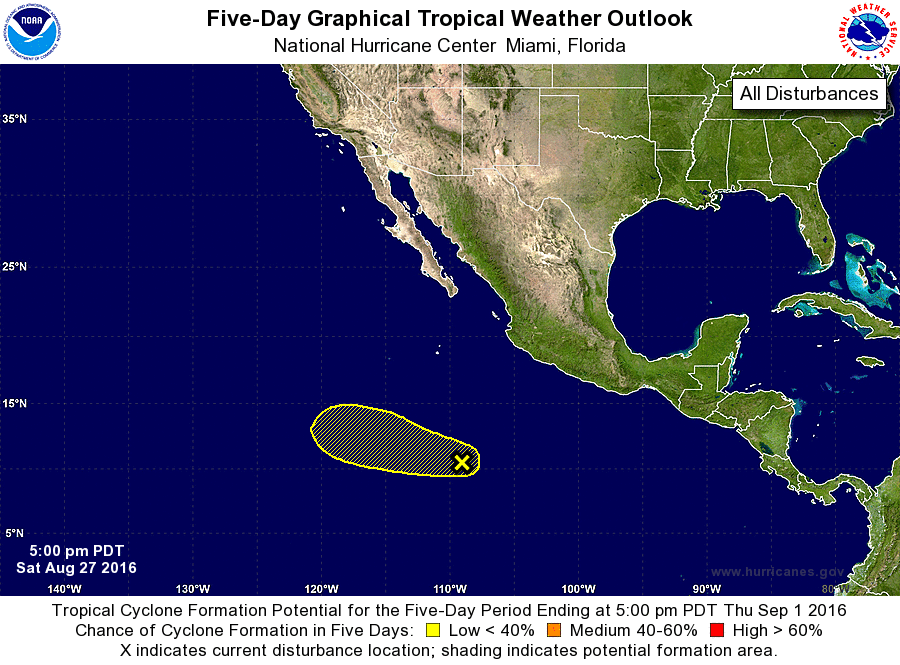
For the eastern North Pacific...east of 140 degrees west longitude:

The National Hurricane Center is issuing advisories on Hurricane Lester, located several hundred miles west-southwest of the southern tip of the Baja California peninsula, and on Tropical Storm Madeline, located a little more than a thousand miles east-southeast of Hawaii.

1. A broad area of cloudiness and showers is located several hundred miles south-southwest of the southwestern coast of Mexico. Development of this system, if any, is expected to be slow to occur during the next several days as it moves westward or west- northwestward.
* Formation chance through 48 hours...low...10 percent
* Formation chance through 5 days...low...20 percent

Forecaster Blake